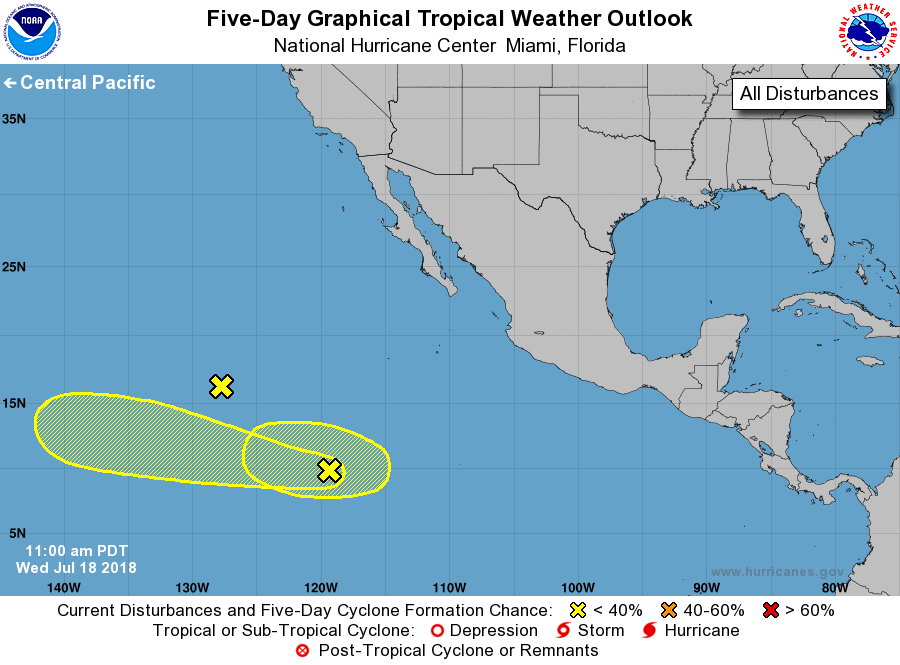
For the eastern North Pacific...east of 140 degrees west longitude:

1. A weak area of low pressure located about 1300 miles west-southwest of the southern tip of the Baja California peninsula continues to produce a small area of showers and thunderstorms. Upper-level winds are increasing over the system, and development is not anticipated. This system is expected to move westward during the next few days.
* Formation chance through 48 hours...low...near 0 percent.
* Formation chance through 5 days...low...near 0 percent.

2. A tropical wave is producing a large area of disorganized showers and thunderstorms about 1100 miles southwest of the southern tip of the Baja California peninsula. Development, if any, of this system is expected to be slow to occur during the next several days while it moves westward at low latitudes.
* Formation chance through 48 hours...low...10 percent.
* Formation chance through 5 days...low...20 percent.

3. An area of low pressure is forecast to form this weekend several hundred miles southwest of Mexico. Some slow development of this system is possible by early next week while it moves westward or west-northwestward well south of Mexico.
* Formation chance through 48 hours...low...near 0 percent.
* Formation chance through 5 days...low...30 percent.

Forecaster Cangialosi